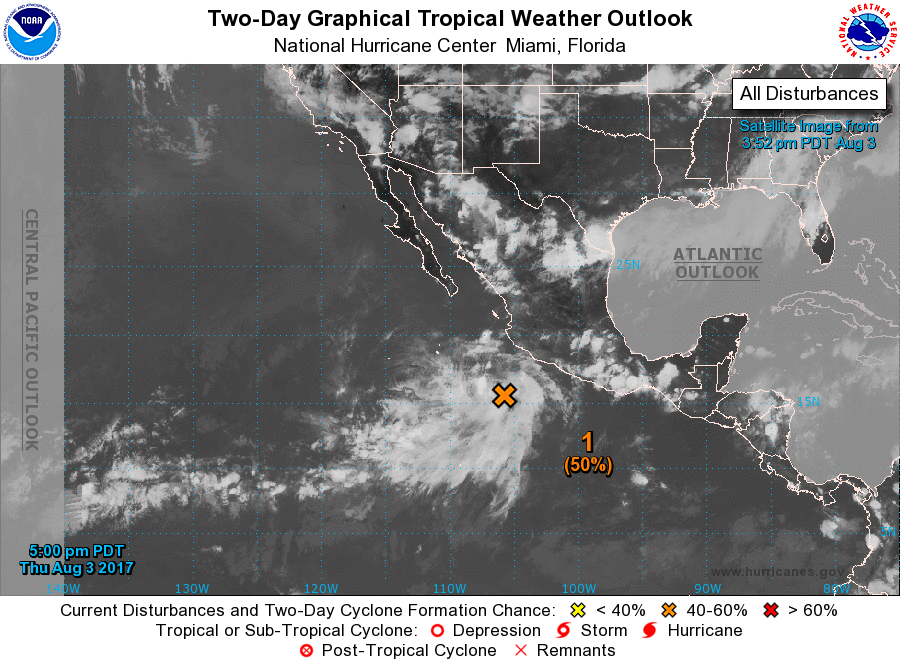
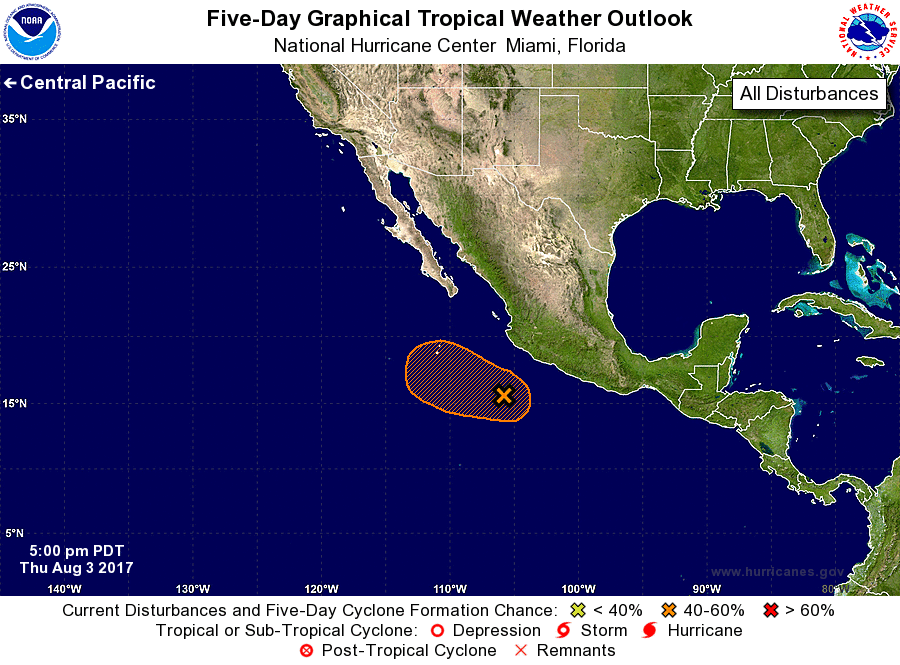
For the eastern North Pacific...east of 140 degrees west longitude:

1. Showers and thunderstorms associated with an area of low pressure located a few hundred miles west-southwest of Acapulco, Mexico, continue to show some signs of organization. Environmental conditions are expected to support some additional development for only about another day or so, before becoming hostile by the weekend. This disturbance should move west-northwestward at about 15 mph for the next few days.
* Formation chance through 48 hours...medium...50 percent.
* Formation chance through 5 days...medium...50 percent.

Forecaster Landsea